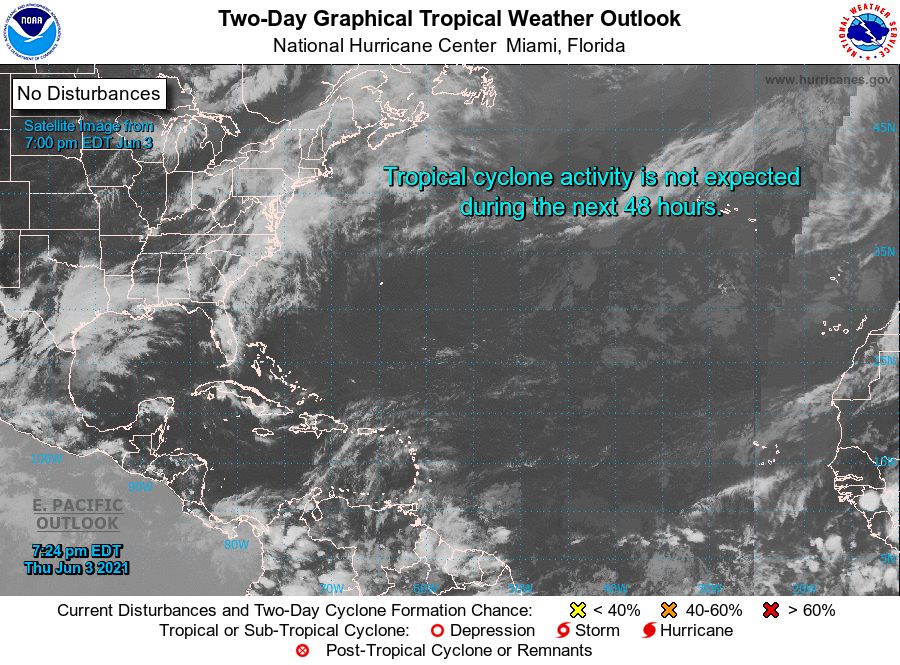
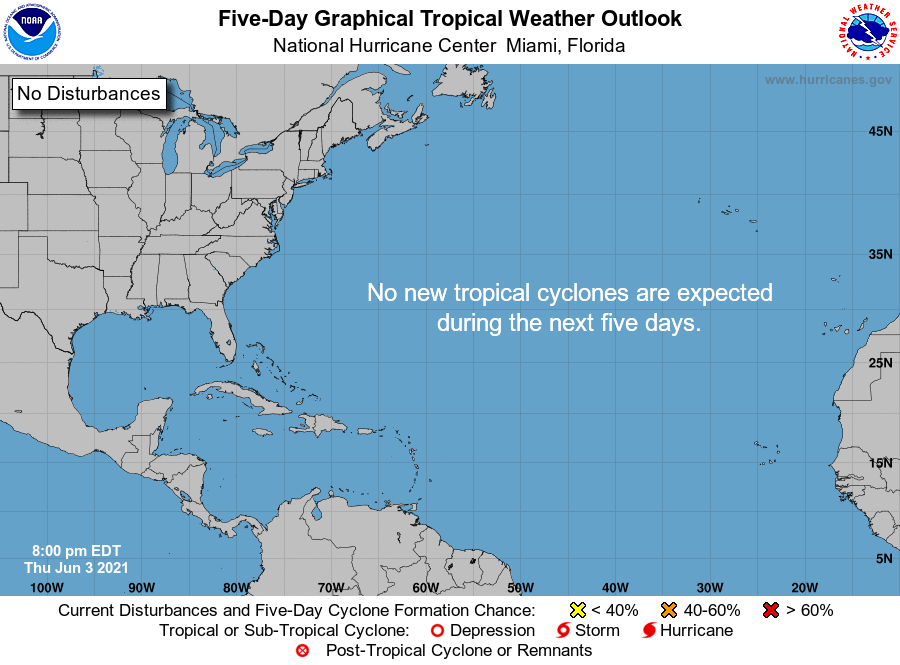
For the North Atlantic...Caribbean Sea and the Gulf of Mexico:

Tropical cyclone formation is not expected during the next 5 days.

Forecaster Cangialosi